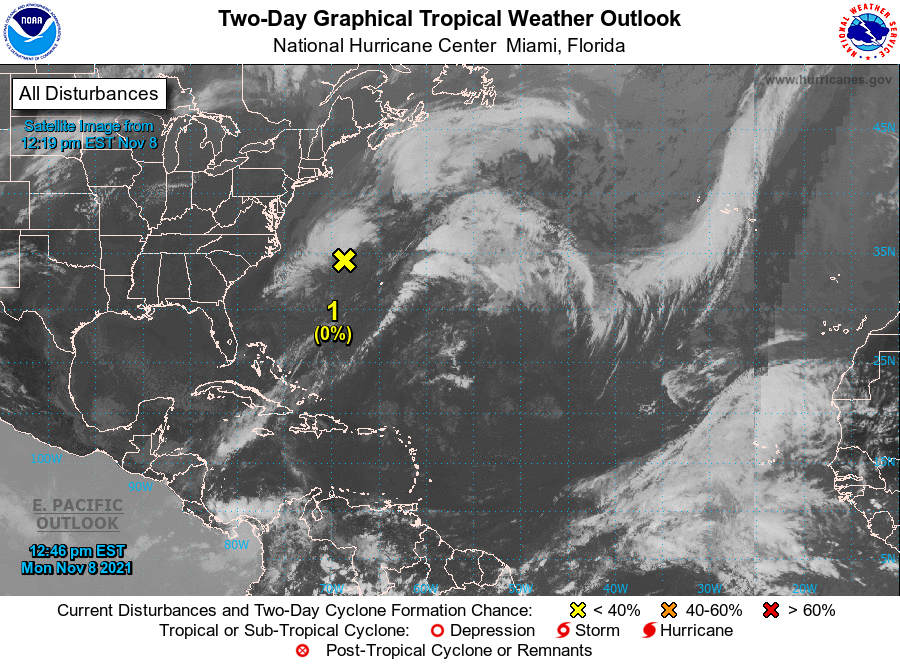
For the North Atlantic...Caribbean Sea and the Gulf of Mexico:

1. A non-tropical low pressure system with storm-force winds is located nearly 400 hundred miles east of Cape Hatteras, North Carolina and is forecast to move east-northeastward during the next several days. By mid-week, the system could gradually lose its frontal characteristics over the subtropical Atlantic Ocean and briefly acquire some subtropical characteristics before merging with a larger low pressure system, over the north-central Atlantic. However, the chance of subtropical cyclone formation appears to be be decreasing. For more information on this system, including storm and coastal flood warnings, see products issued by your local National Weather Service office and High Seas Forecasts issued by the National Weather Service.
* Formation chance through 48 hours...low...near 0 percent.
* Formation chance through 5 days...low...10 percent.

High Seas Forecasts issued by the National Weather Service can be found under AWIPS header NFDHSFAT1, WMO header FZNT01 KWBC, and online at ocean.weather.gov/shtml/NFDHSFAT1.php

Forecaster Roberts